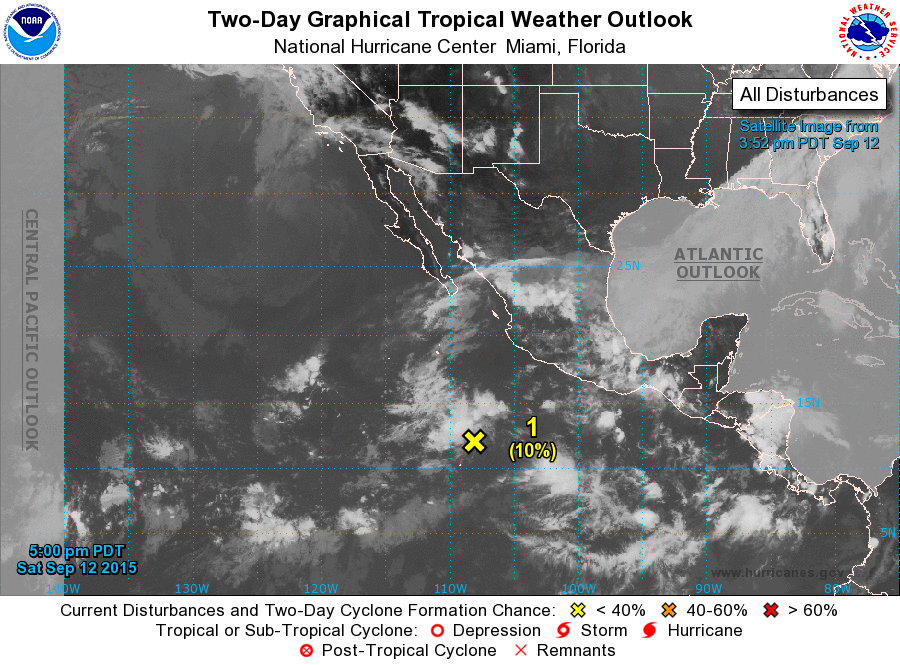
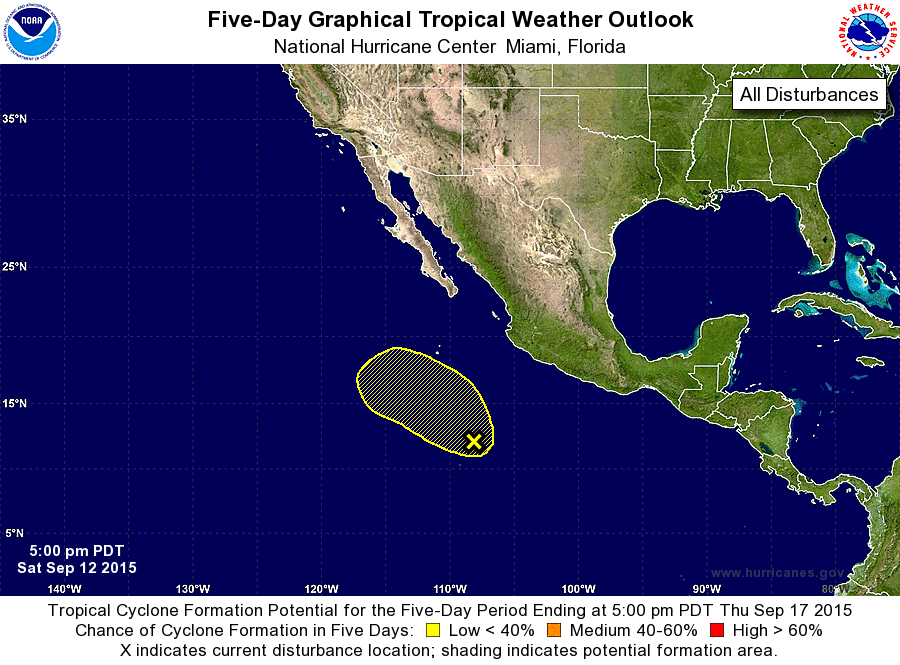
For the eastern North Pacific...east of 140 degrees west longitude:

1. An area of disturbed weather has formed about 700 miles south of the southern tip of the Baja California peninsula. Some slow development of this system is possible over the next few days as it moves generally northwestward at about 10 mph.
* Formation chance through 48 hours...low...10 percent
* Formation chance through 5 days...low...20 percent

Forecaster Beven